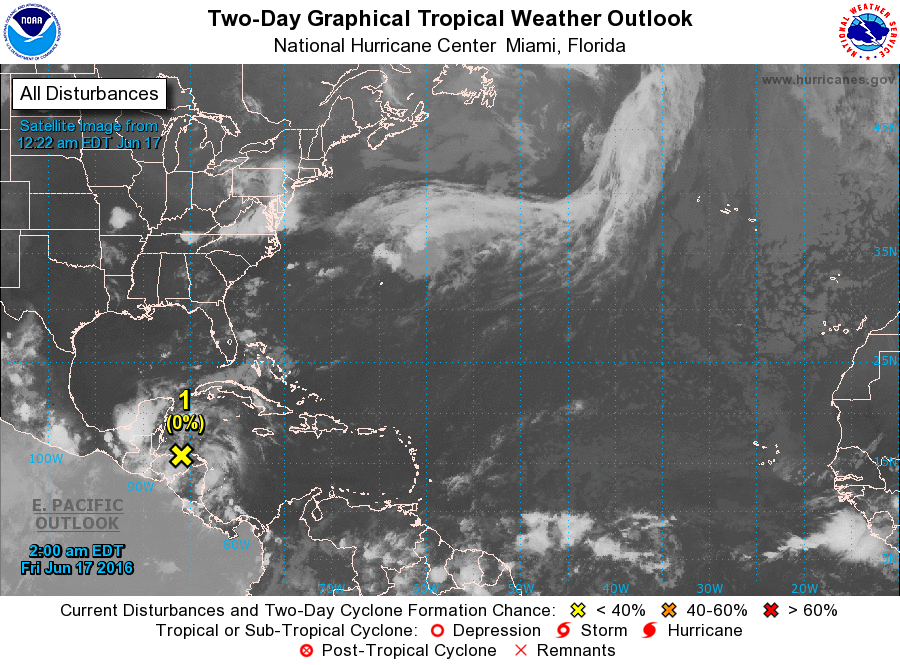
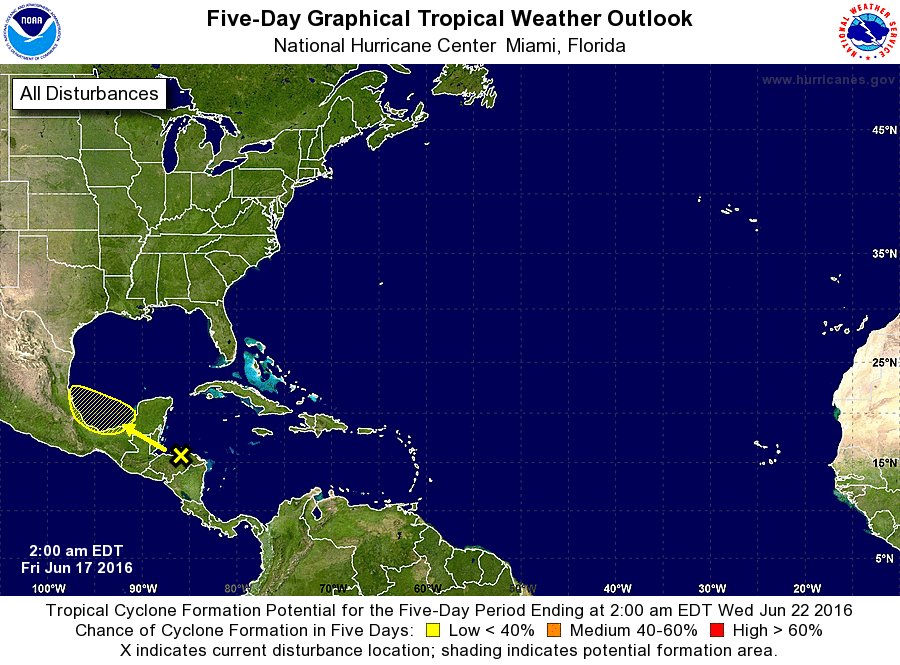
For the North Atlantic...Caribbean Sea and the Gulf of Mexico:

1. A tropical wave located over Honduras, Nicaragua, and the adjacent waters of the northwestern Caribbean Sea continues to produce a broad area of cloudiness and disorganized thunderstorm activity. Development, if any, of this disturbance should be slow to occur due to interaction with land while the system moves west-northwestward at about 10 mph toward the Bay of Campeche over the next several days.
* Formation chance through 48 hours...low...near 0 percent
* Formation chance through 5 days...low...20 percent

Forecaster Stewart